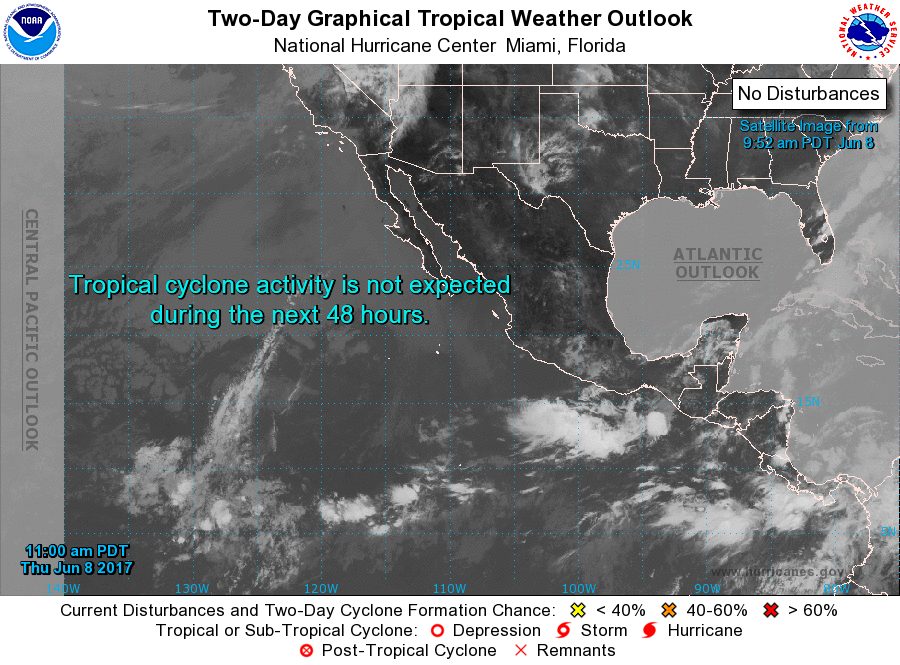
For the eastern North Pacific...east of 140 degrees west longitude:

1. A broad area of low pressure is expected to form later this weekend or early next week a few hundred miles south of the southern coast of Mexico. Conditions appear favorable at that time for some gradual development of this system as it moves slowly northward toward the coast of Mexico.
* Formation chance through 48 hours...low...near 0 percent.
* Formation chance through 5 days...low...20 percent.

Forecaster Avila